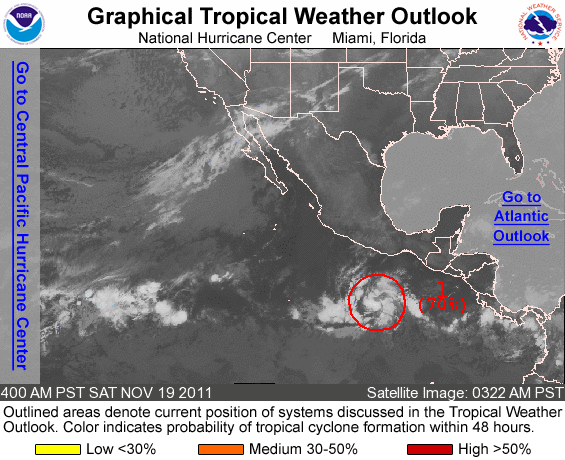
FOR THE EASTERN NORTH PACIFIC...EAST OF 140 DEGREES WEST LONGITUDE..

1. SHOWER ACTIVITY ASSOCIATED WITH A LOW PRESSURE SYSTEM LOCATED ABOUT 500 MILES SOUTH OF ACAPULCO MEXICO HAS CHANGED LITTLE IN ORGANIZATION DURING THE PAST FEW HOURS. ENVIRONMENTAL CONDITIONS APPEAR CONDUCIVE FOR THIS SYSTEM TO BECOME A TROPICAL DEPRESSION DURING THE NEXT DAY OR TWO AS IT MOVES WEST-NORTHWESTWARD AT 10 TO 15 MPH. THIS SYSTEM HAS A HIGH CHANCE...70 PERCENT...OF BECOMING A TROPICAL CYCLONE DURING THE NEXT 48 HOURS.

ELSEWHERE...TROPICAL CYCLONE FORMATION IS NOT EXPECTED DURING THE NEXT 48 HOURS.

FORECASTER BERG